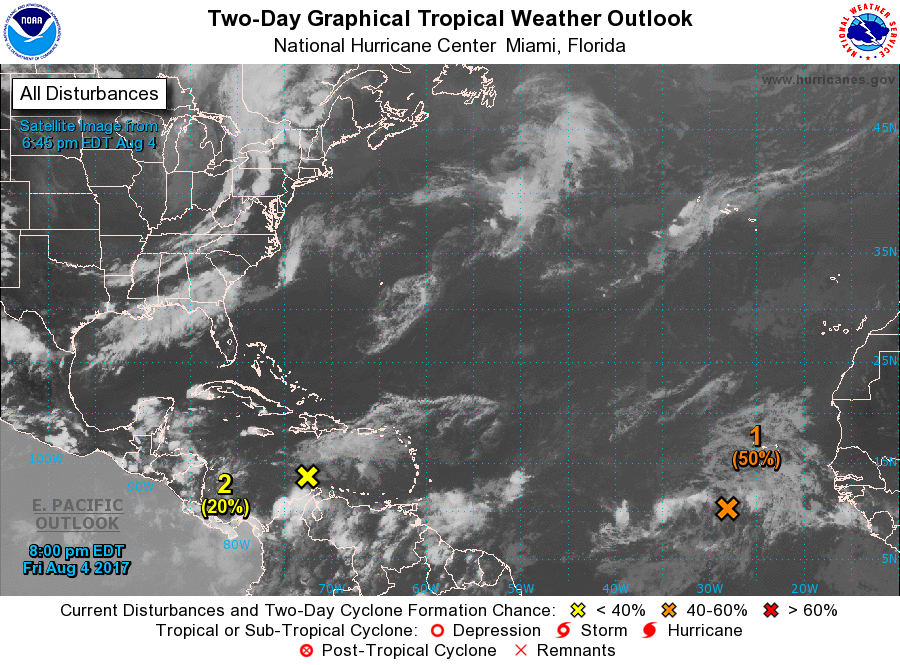
For the North Atlantic...Caribbean Sea and the Gulf of Mexico:

1. A broad and elongated area of low pressure is producing disorganized shower and thunderstorm activity several hundred miles south and southwest of the Cabo Verde Islands. This system has not become better organized during the past 24 hours. However, environmental conditions appear conducive for this system to consolidate and develop during the next few days, and a tropical depression is likely to form by the early or middle part of next week while moving west-northwestward at 15 to 20 mph across the tropical Atlantic Ocean.
* Formation chance through 48 hours...medium...50 percent.
* Formation chance through 5 days...high...80 percent.

2. A tropical wave is producing disorganized showers and thunderstorms over the central Caribbean Sea. Development is expected to be slow during the next day or two as the disturbance moves west- northwestward at about 15 mph across the western Caribbean. By the end of the weekend or early next week, environmental conditions appear more conducive for development when the system moves near or over the Yucatan Peninsula and the Bay of Campeche.
* Formation chance through 48 hours...low...20 percent.
* Formation chance through 5 days...medium...60 percent.

Forecaster Beven